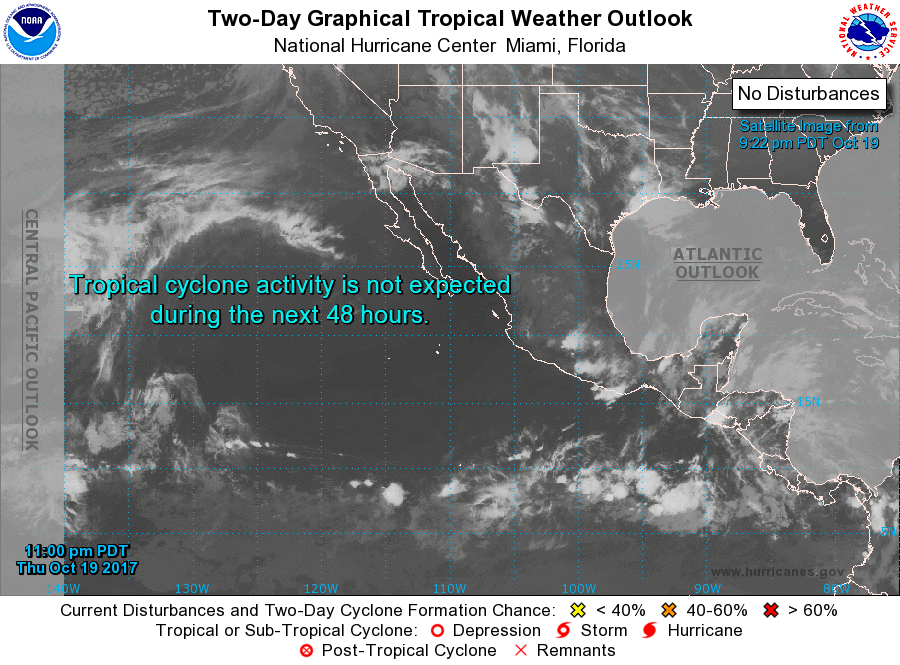
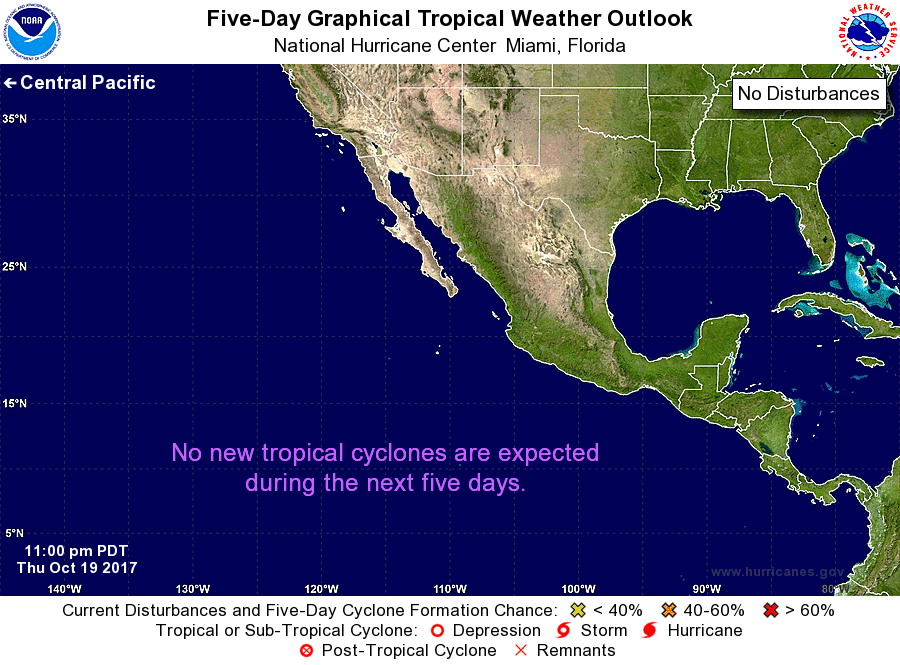
For the eastern North Pacific...east of 140 degrees west longitude:

Tropical cyclone formation is not expected during the next 5 days.

Forecaster Pasch